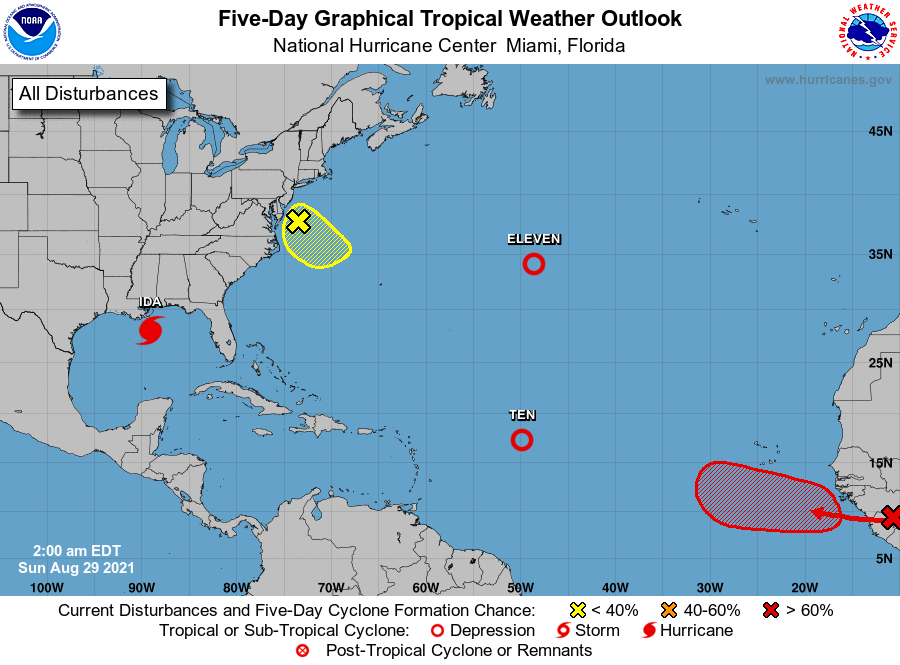
For the North Atlantic...Caribbean Sea and the Gulf of Mexico:

The National Hurricane Center is issuing advisories on Hurricane Ida, located over the east-central Gulf of Mexico, on Tropical Depression Ten, located over the central tropical Atlantic, and on newly formed Tropical Depression Eleven, located over the central subtropical Atlantic.

1. A weak trough of low pressure associated with a decaying frontal boundary is currently centered just east off the Mid-Atlantic United States coastline. This system is producing a few disorganized showers and thunderstorms over the warm Gulf Stream waters. Environmental conditions appear favorable for some slow development over the next few days as this system drifts southeastward, remaining offshore of the eastern United States coastline.
* Formation chance through 48 hours...low...10 percent.
* Formation chance through 5 days...low...20 percent.

2. A tropical wave is expected to emerge off the coast of west Africa by the middle of this week. Thereafter, environmental conditions appear conducive for gradual development, and a tropical depression is likely to form toward the end of the week as the system moves west-northwestward to northwestward at 10 to 15 mph.
* Formation chance through 48 hours...low...10 percent.
* Formation chance through 5 days...high...70 percent.

Public Advisories on Tropical Depression Ten are issued under WMO header WTNT35 KNHC and under AWIPS header MIATCPAT5. Forecast/Advisories on Tropical Depression Ten are issued under WMO header WTNT25 KNHC and under AWIPS header MIATCMAT5.

Public Advisories on Tropical Depression Eleven are issued under WMO header WTNT31 KNHC and under AWIPS header MIATCPAT1. Forecast/Advisories on Tropical Depression Eleven are issued under WMO header WTNT21 KNHC and under AWIPS header MIATCMAT1.

Forecaster Papin